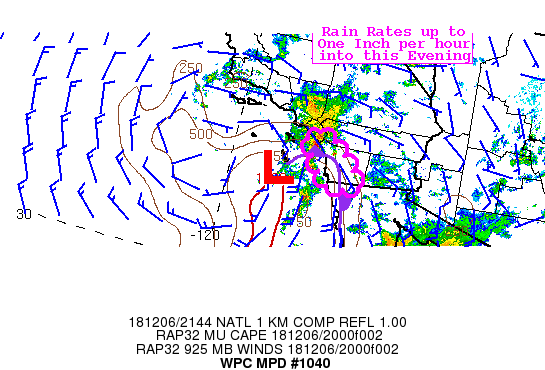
Areas affected...Coastal Southern California

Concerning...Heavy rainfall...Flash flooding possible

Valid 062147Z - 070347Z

Summary...Showers and scattered thunderstorms will continue to
develop off the CA coast south of LA and shift inland ahead of a
surface low located just south of the Channel Islands this
afternoon. Rain rates up to an inch per hour are expected to
continue which may cause additional flash flooding and debris
flows, particularly in recent burn scar areas.

Discussion...A combination of forcing from a low pressure system
centered just south of San Clemente Island off the southern CA
coast, PW of 0.9 to 1.1 inches per 21z GPS data, MUCAPE of 250-750
J/kg per the RAP, and bulk shear of 25 kt (also from the RAP) will
continue to produce bands of heavy rain. Rainfall of 0.83" in an
hour (and 3" in three hours) ending around 21Z was reported in
Corona Del Mar in 50 dBZ echoes from KSOX. Reflectivity of this
magnitude persists in a band drifting down the Orange County coast
from a low level forcing max ahead of the low and crossing the
occluded front.

The crest of terrain from the Orange/Riverside county border
across San Diego County is strait to the southeast, maintaining
topographical enhancement at the same angle as activity moves in
from the SSW into this evening. Therefore, rain rates of up to one
inch per hour will maintain a flash flood/debris flow threat until
the activity moves through. Of particular note is the ongoing
threat to the Holy Fire burn scar from current activity and later
from the 2017 Lilac fire burn scar inland from Oceanside.

Recent HRRR runs have initialized with this reflectivity and
support heavy rain across the San Diego metro area through at
least 06Z. Should this threat persist, an updated discussion may
be required this evening.